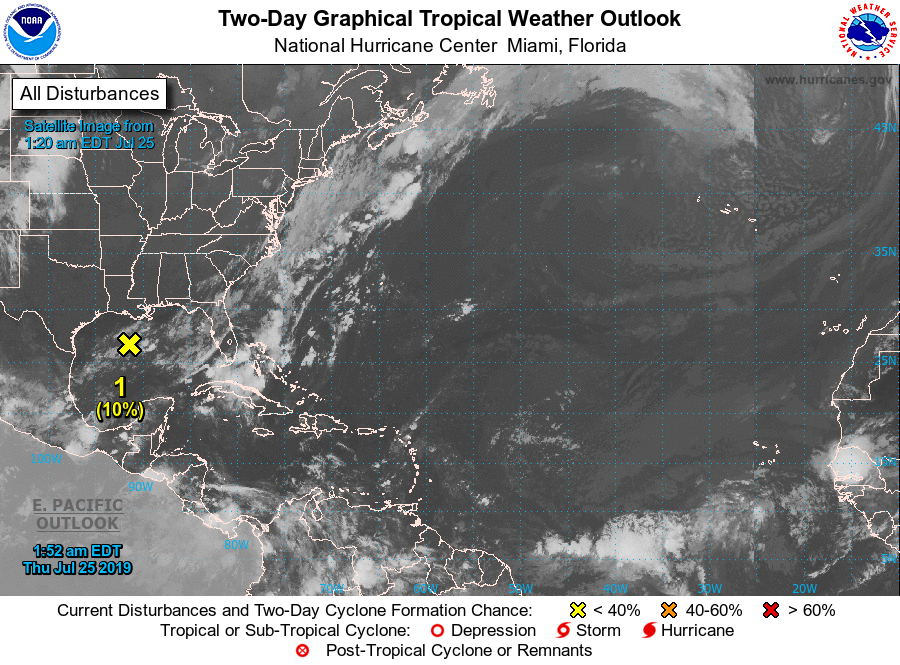
For the North Atlantic...Caribbean Sea and the Gulf of Mexico:

1. A frontal boundary and a weak low pressure system are producing widespread cloudiness and disorganized showers across the northern and central Gulf of Mexico. Significant development of this system appears unlikely due to dry air and unfavorable upper-level winds while the disturbance drifts northward during the next couple of days.
* Formation chance through 48 hours...low...10 percent.
* Formation chance through 5 days...low...10 percent.

Forecaster Stewart